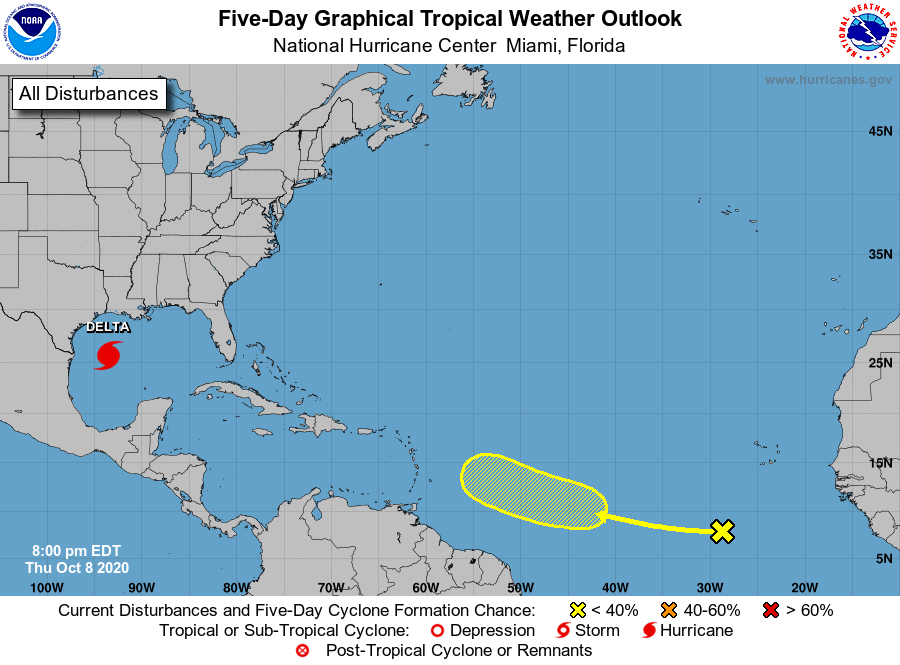
For the North Atlantic...Caribbean Sea and the Gulf of Mexico:

The National Hurricane Center is issuing advisories on Hurricane Delta, located over the west-central Gulf of Mexico.

1. A large area of disorganized showers and thunderstorms located several hundred miles southwest of the Cabo Verde Islands is associated with a tropical wave. This disturbance is expected to move westward to west-northwestward at about 15 mph, and environmental conditions could be conducive for some gradual development this weekend or early next week while the system is over the tropical Atlantic well east of the Lesser Antilles. Upper-level winds are forecast to become unfavorable for development by the middle of next week.
* Formation chance through 48 hours...low...near 0 percent.
* Formation chance through 5 days...low...20 percent.

Forecaster Berg